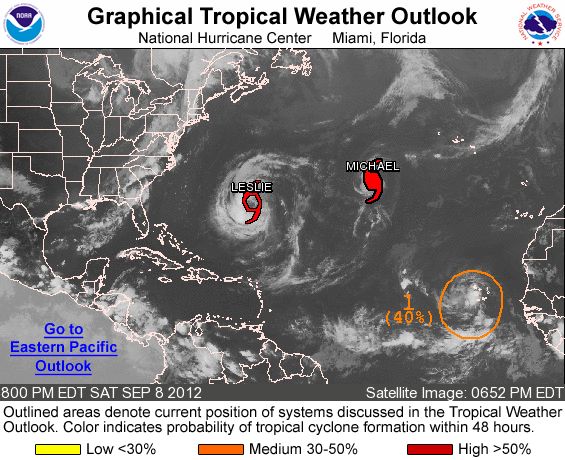
FOR THE NORTH ATLANTIC...CARIBBEAN SEA AND THE GULF OF MEXICO...

THE NATIONAL HURRICANE CENTER IS ISSUING ADVISORIES ON TROPICAL STORM LESLIE...LOCATED ABOUT 220 MILES SOUTHEAST OF BERMUDA...AND ON HURRICANE MICHAEL...LOCATED ABOUT 925 MILES WEST-SOUTHWEST OF THE AZORES.

1. SHOWERS AND THUNDERSTORMS HAVE CHANGED LITTLE IN ORGANIZATION NEAR A TROPICAL WAVE THAT IS MOVING WESTWARD ACROSS THE CAPE VERDE ISLANDS. ENVIRONMENTAL CONDITIONS APPEAR FAVORABLE FOR GRADUAL DEVELOPMENT...AND THIS SYSTEM HAS A MEDIUM CHANCE...40 PERCENT...OF BECOMING A TROPICAL CYCLONE DURING THE NEXT 48 HOURS AS IT MOVES WESTWARD AT ABOUT 20 MPH.

ELSEWHERE...TROPICAL CYCLONE FORMATION IS NOT EXPECTED DURING THE NEXT 48 HOURS.

FORECASTER BERG